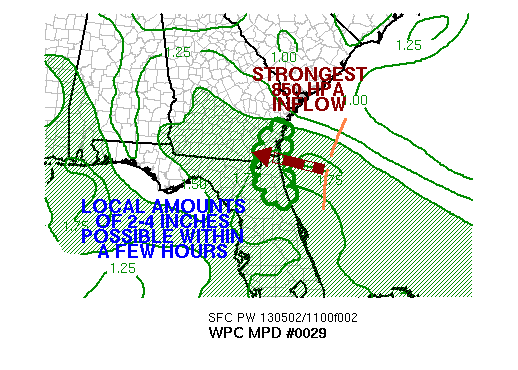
AREAS AFFECTED...SOUTHERN GA AND NORTHEASTERN FL

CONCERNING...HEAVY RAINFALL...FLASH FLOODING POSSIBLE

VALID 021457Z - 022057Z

SUMMARY...PERSISTENT BANDS OF THUNDERSTORM ACTIVITY MOVING INTO
SOUTHEAST GA AND NORTHEAST FL COULD LEAD TO FLASH FLOODING DURING
THE DAY TODAY.

DISCUSSION...RECENT RADAR IMAGERY SHOWS A COUPLE BANDS OF
CONVECTION, INITIATED BY AN OFFSHORE INVERTED TROUGH/COASTAL FRONT
WHICH THEN EXTEND INLAND WITHIN AN AXIS OF HIGHER PRECIPITABLE
WATER (PW) VALUES IN EXCESS OF 1.50 INCHES.  A COUPLE ISOLATED
SPOTS HAVE RECEIVED AROUND TWO INCHES OF RAIN SINCE 12Z/8 AM EDT,
AND THESE TYPE OF RAINFALL RATES SHOULD CONTINUE TO BE POSSIBLE
WITHIN THE BANDS OF CONVECTION FROM TIME TO TIME DURING THE DAY
TODAY.  THE 850 HPA INFLOW WITHIN THIS AREA IS 30-35 KNOTS, AND
RECENT RAP RUNS INDICATE THAT THE BEST LOW-LEVEL INFLOW COULD
SHIFT SLOWLY SOUTHWARD WITH TIME, WHICH WOULD INCREASINGLY FAVOR
THE SOUTHERN PORTION OF THE AREA IN NORTHEAST FL.  SO FAR, THE 00Z
NMM APPEARS TO BE DOING A REASONABLE JOB WITH THE PRECIPITATION
FORECAST IN THIS REGION, WITH THE LAST FEW RAP RUNS MISSING THE
BOAT ON THE SOUTHEAST GEORGIA ACTIVITY.  DIVERGENCE ALOFT IS
ACTING AS AN EFFECTIVE VENTILATION MECHANISM FOR THE ONGOING
CONVECTION, AND PRECIPITATION IN THIS AREA IS EXPECTED TO HAVE
LONG DURATION, WHICH SHOULD CONTINUE SATURATING SOILS AND DROPPING
FLASH FLOOD GUIDANCE (FFGS) IN THIS AREA.  EARLY MORNING
CONVECTION HAS ALREADY DROPPED FFGS TOWARDS 2.5 INCHES WITHIN
THREE HOURS' TIME IN A SEVERAL SMALL SPOTS WITHIN THE DEPICTED
REGION.  LOCAL RAINFALL AMOUNTS OF 2-4 INCHES ARE EXPECTED WITHIN
A SHORT TIME FRAME, WHICH COULD LEAD TO FLASH FLOODING IN
NORTHEAST FL AND SOUTHEAST GA THROUGH EARLY THIS AFTERNOON.